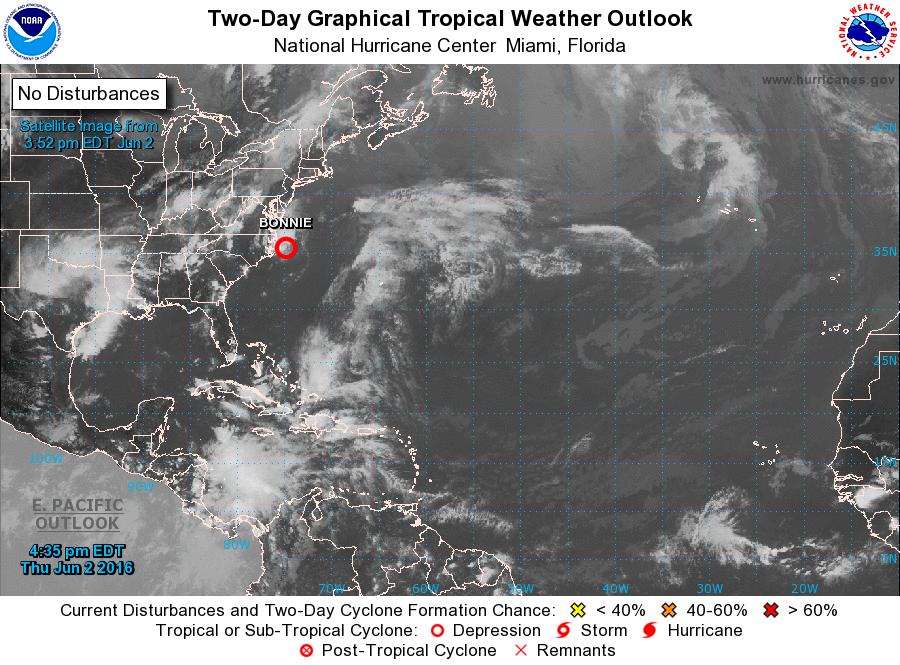
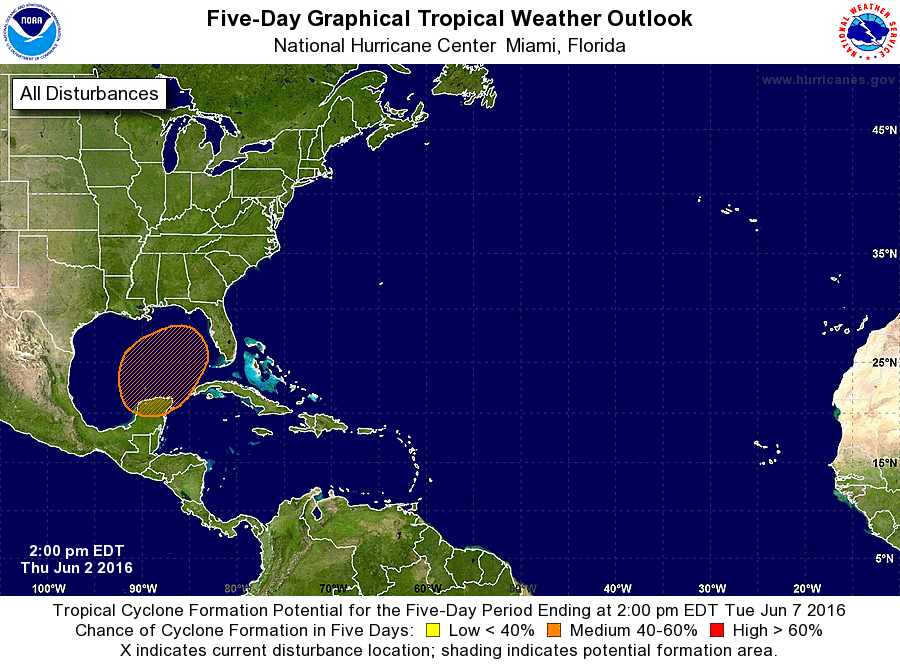
For the North Atlantic...Caribbean Sea and the Gulf of Mexico:

The National Hurricane Center is issuing advisories on the re-generated Tropical Depression Bonnie, located about 25 miles east-southeast of Cape Hatteras, North Carolina.

1. A broad low pressure area is expected to form over the Yucatan Peninsula of Mexico or the southern Gulf of Mexico by late in the weekend. Additional development of the low could occur as it subsequently moves north-northeastward across the central or eastern Gulf of Mexico.
* Formation chance through 48 hours...low...near 0 percent
* Formation chance through 5 days...medium...40 percent

Forecaster Beven